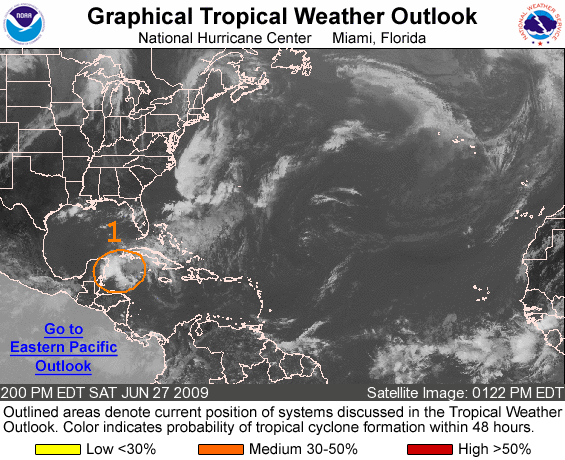
FOR THE NORTH ATLANTIC...CARIBBEAN SEA AND THE GULF OF MEXICO...

1. A TROPICAL WAVE OVER THE FAR NORTHWESTERN CARIBBEAN SEA IS PRODUCING SHOWERS AND THUNDERSTORMS FROM THE YUCATAN PENINSULA NORTHEASTWARD TO PORTIONS OF WESTERN AND CENTRAL CUBA. THE LOW-LEVEL CIRCULATION OF THE WAVE REMAINS POORLY-DEFINED...BUT THERE IS STILL SOME POTENTIAL FOR DEVELOPMENT OF THIS SYSTEM ONCE IT MOVES INTO A MORE FAVORABLE ENVIRONMENT OVER THE SOUTHERN GULF OF MEXICO TONIGHT AND ON SUNDAY. THERE IS A MEDIUM CHANCE...30 TO 50 PERCENT...OF THIS SYSTEM BECOMING A TROPICAL CYCLONE DURING THE NEXT 48 HOURS. LOCALLY HEAVY RAINS AND GUSTY WINDS WILL CONTINUE TO AFFECT PORTIONS OF THE YUCATAN PENINSULA AND WESTERN CUBA AND COULD SPREAD NORTHWARD TOWARDS SOUTH FLORIDA OVER THE NEXT DAY OR SO.

ELSEWHERE...TROPICAL CYCLONE FORMATION IS NOT EXPECTED DURING THE NEXT 48 HOURS.

FORECASTER BERG